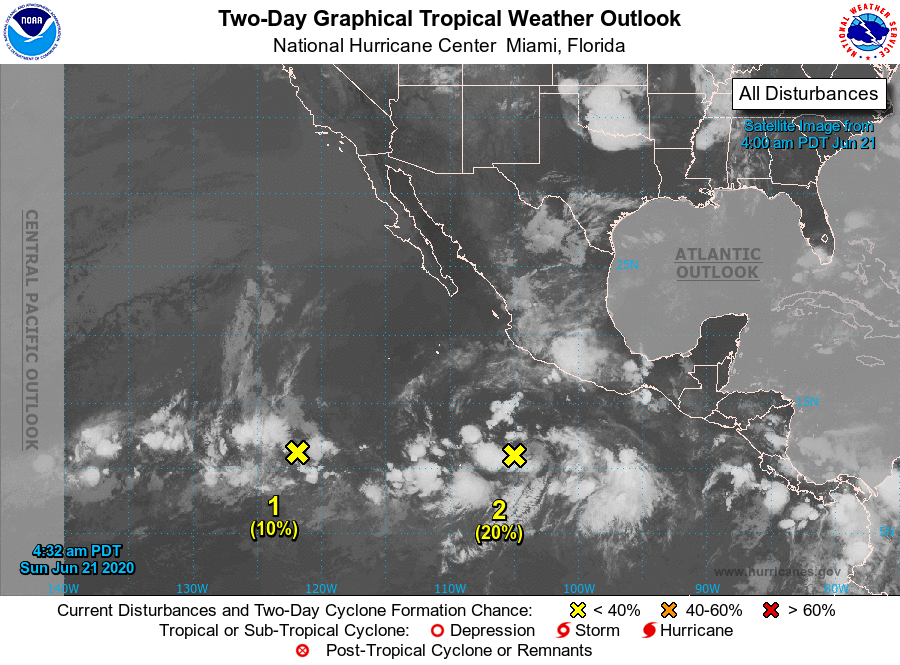
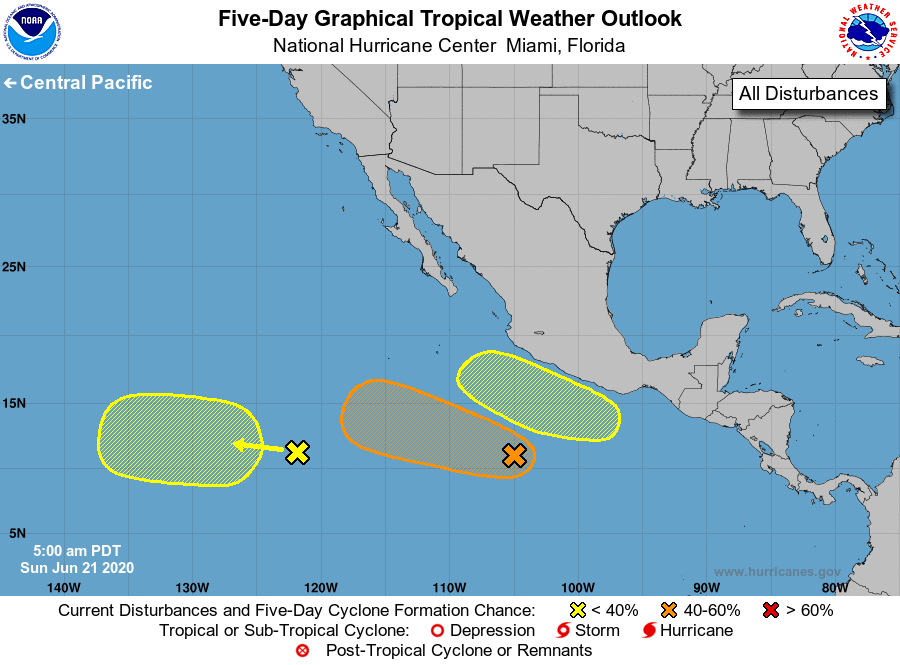
For the eastern North Pacific...east of 140 degrees west longitude:

1. A broad area of low pressure located more than 1000 miles southwest of the southern tip of the Baja California peninsula is producing disorganized showers and thunderstorms. Environmental conditions could support some slow development of this system during the next few days while the disturbance moves generally westward.
* Formation chance through 48 hours...low...10 percent.
* Formation chance through 5 days...low...30 percent.

2. A low pressure system is producing a broad area of showers and thunderstorms several hundred miles south of the southwestern coast of Mexico. Some gradual development of this system is possible through the middle of this week while it moves westward, away from the coast of Mexico.
* Formation chance through 48 hours...low...20 percent.
* Formation chance through 5 days...medium...40 percent.

3. Another area of disturbed weather is forecast to form south of the coast of Mexico by the middle of this week. Additional development could then occur as the system moves west-northwestward parallel to the coast of Mexico.
* Formation chance through 48 hours...low...near 0 percent.
* Formation chance through 5 days...low...30 percent.

Forecaster Stewart